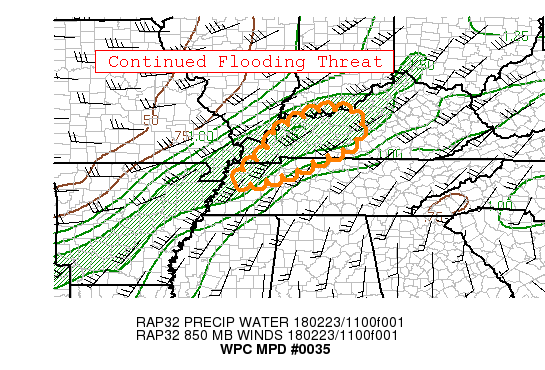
AREAS AFFECTED...TN...KY

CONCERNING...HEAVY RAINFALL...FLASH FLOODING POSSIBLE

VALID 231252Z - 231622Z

SUMMARY...AREAL FLOODING AND ISOLATED FLASH FLOOD ISSUES WILL
CONTINUE INTO MID MORNING ACROSS PORTIONS OF TN AND KY.

DISCUSSION...SHOWERS AND EMBEDDED THUNDERSTORMS CONTINUE TO TRAIN
FROM SOUTHWEST TO NORTHEAST ACROSS PORTIONS OF NORTH CENTRAL  TN
INTO WESTERN KY. HIGH RES MODELS ARE NOT HANDLING THIS ALL THAT
WELL...WITH MOST OF THEM DEPICTING A WEAKER SOLUTION THAN IS
ACTUALLY OCCURRING. RECENT RADAR/SATELLITE/LIGHTNING TRENDS SHOW
THIS ACTIVITY MAINTAINING INTENSITY AS OF 1230Z. STILL NOT THE
MOST INTENSE RAINFALL...WITH LIMITED INSTABILITY CAPPING HOURLY
RATES GENERALLY AROUND 0.5" IN AN HOUR AND LESS (ALTHOUGH
LOCALIZED HIGHER AMOUNTS POSSIBLE). HOWEVER ANTECEDENT RAINFALL OF
2-4" OVER THE PAST FEW DAYS HAS RESULTED IN INCREASINGLY SATURATED
CONDITIONS. THUS THIS NEW RAINFALL WILL RESULT IN ADDITIONAL AREAL
FLOODING...WITH WITH ISOLATED MORE RAPID FLASH FLOODING POSSIBLE
WHERE ANY HEAVIER RATES DO BRIEFLY TRAIN.

DO THINK THAT WE SHOULD SEE A GRADUAL DECREASE IN INTENSITY OF
THIS ACTIVITY AS WE HEAD THROUGH THE MORNING...JUST HAPPENING
SLOWER THAN MOST MODELS DEPICT. THE WAVE CONTINUES TO PULL OFF TO
THE NORTHEAST RESULTING IN SLOWLY DECREASING SYNOPTIC ASCENT...AND
850 MB MOISTURE TRANSPORT IS FORECAST TO CONTINUE TO WEAKEN. THUS
WOULD ANTICIPATE THE MAIN THREAT WITH THIS ROUND WILL BE THROUGH
MID MORNING.